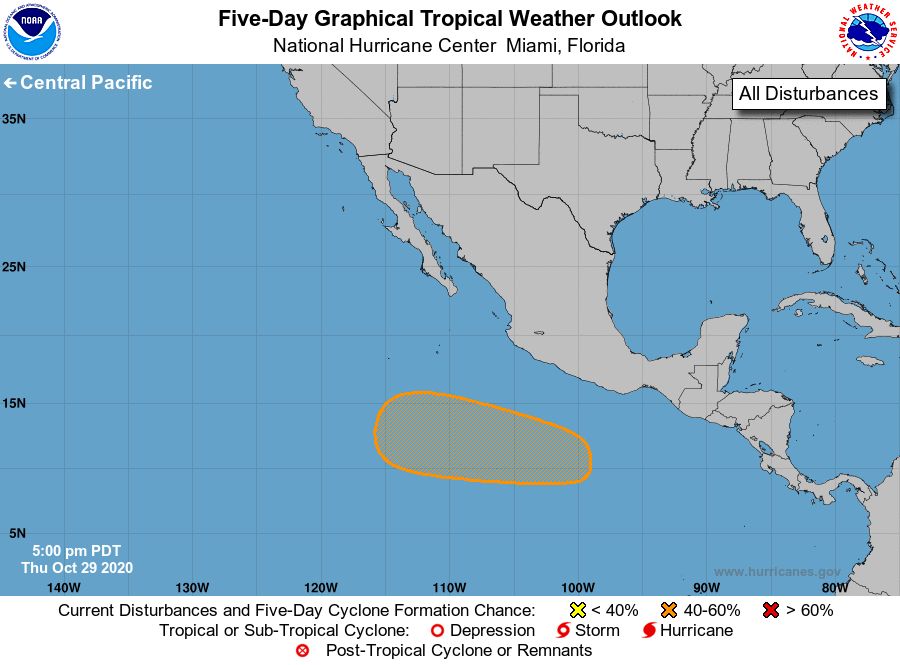
For the eastern North Pacific...east of 140 degrees west longitude:

1. A broad trough of low pressure is expected to develop south of the coast of southern Mexico by this weekend. Environmental conditions appear favorable for gradual development, and a tropical depression could form early next week as the system moves west-northwestward over the eastern Pacific.
* Formation chance through 48 hours...low...near 0 percent.
* Formation chance through 5 days...medium...60 percent.

Forecaster Reinhart/Zelinsky